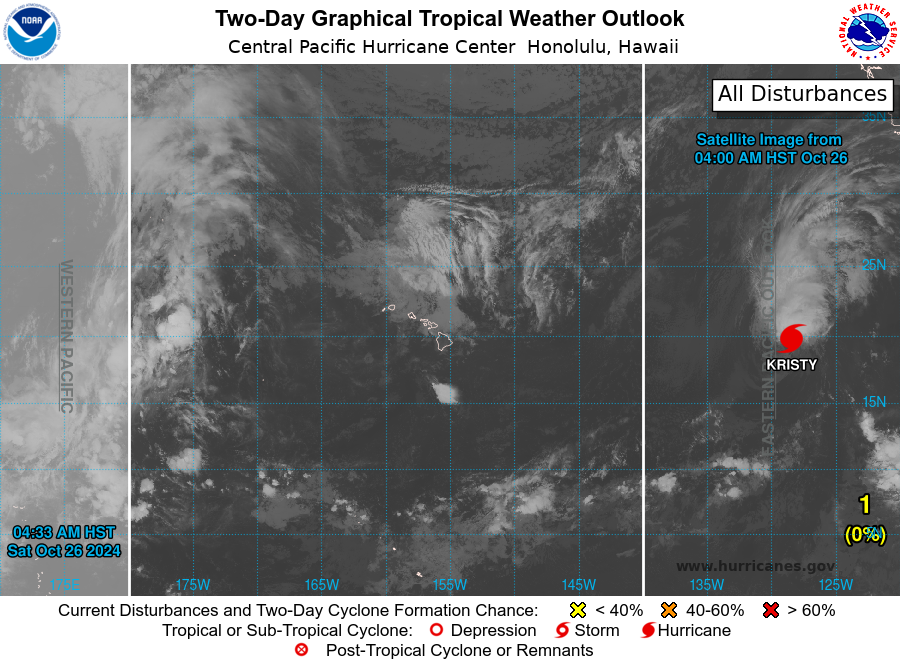
For the central North Pacific...between 140W and 180W:

1. About 2600 miles east-southeast of Hilo, Hawaii: A large area of showers and thunderstorms is currently located well to the southwest of the southwestern tip of the Baja California peninsula. Environmental conditions appear conducive for gradual development, and a tropical depression could form by the middle of next week while the system moves westward or west-northwestward at about 15 mph. This system is expected to move into the central Pacific basin on Wednesday or Thursday.
* Formation chance through 48 hours...low...near 0 percent.
* Formation chance through 7 days...medium...50 percent.

Forecaster M Ballard